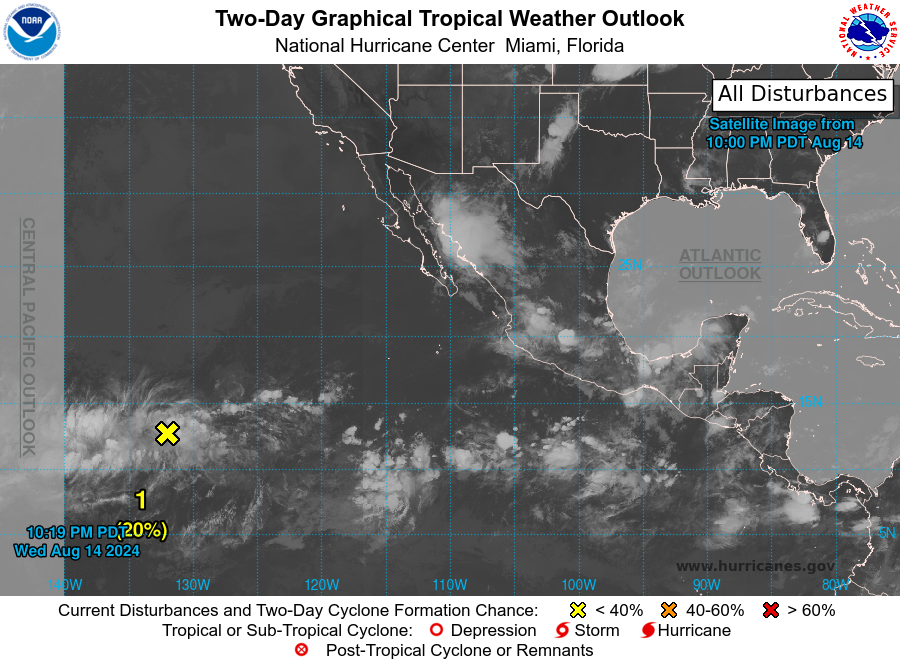
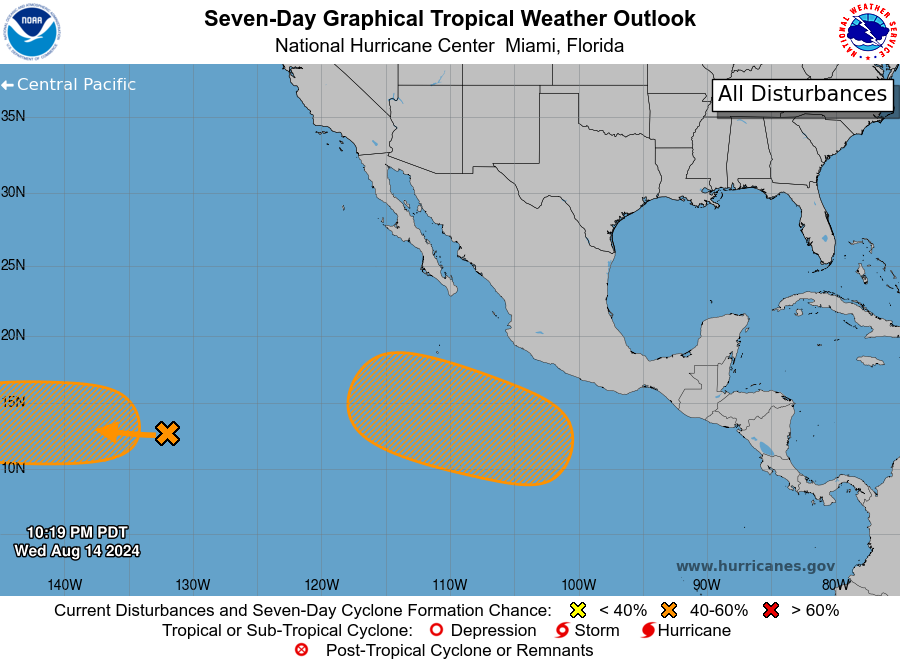
For the eastern North Pacific...east of 140 degrees west longitude:

1. Well Southeast of the Hawaiian Islands: A broad area of low pressure will likely form during the next couple of days well southeast of the Hawaiian Islands. Environmental conditions appear conducive for gradual development thereafter, and a tropical depression could form this weekend or early next week while the system moves westward. Information on this system can also be found in the Tropical Weather Outlook for the Central Pacific basin.
* Formation chance through 48 hours...low...20 percent.
* Formation chance through 7 days...medium...60 percent.

2. Offshore of Southwestern Mexico: An area of low pressure will likely form this weekend well offshore of southwestern Mexico. Some subsequent slow development is possible, and a tropical depression could form early next week as the low moves west-northwestward.
* Formation chance through 48 hours...low...near 0 percent.
* Formation chance through 7 days...medium...40 percent.

The Tropical Weather Outlook for the Central Pacific basin can be found under AWIPS header HFOTWOCP and WMO header ACPN50 PHFO and on the web at hurricanes.gov

Forecaster Kelly